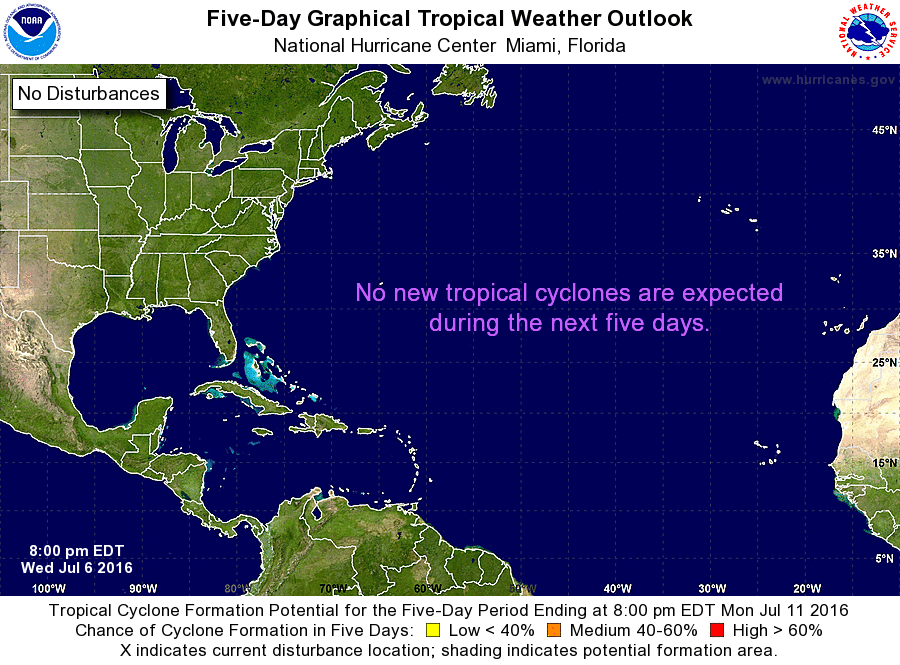
For the North Atlantic...Caribbean Sea and the Gulf of Mexico:

Tropical cyclone formation is not expected during the next 5 days.

Forecaster Avila